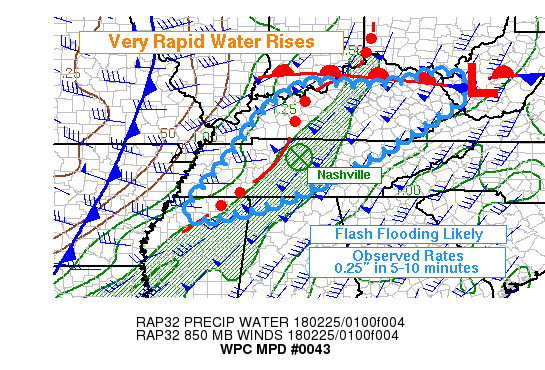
AREAS AFFECTED...TN...KY...NRN MS/AL...SRN IN...WRN WV

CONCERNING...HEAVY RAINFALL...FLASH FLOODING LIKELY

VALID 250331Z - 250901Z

SUMMARY...AN MCS WILL BRING INTENSE SHORT TERM RAIN RATES FOLLOWED
BY LONGER DURATION STRATIFORM RAIN...AND NEW RAINFALL TOTALS AS
HIGH AS 1.75 INCHES. SATURATED SOILS MAKE FLASH FLOODING A NEAR
CERTAINTY. WATER RISES COULD BE ESPECIALLY RAPID / AGGRESSIVE WITH
OBSERVED RAIN RATES IN THE LEADING LINE AT 0.25 INCHES IN 5 TO 10
MINUTES.

DISCUSSION...AT 0315Z RADAR MOSAICS DEPICTED A WELL FORMED
QUASI-LINEAR CONVECTIVE SYSTEM FROM NORTHERN MISSISSIPPI TO NEAR
THE OHIO RIVER. THE SYSTEM WILL FOLLOW CORFIDI VECTORS FOR FORWARD
PROPAGATION...EAST TO NORTHEAST AT 35 TO 40 KNOTS. INSTABILITY WAS
SUFFICIENT HOWEVER...BOOSTED BY STRONG DEEP LAYER LIFT...TO
SUPPORT A FAIRLY BROAD LEADING LINE OF STRONG CONVECTION...MAKING
FOR A 5 TO 15 MINUTE DURATION OF INTENSE RAIN RATES AT ANY GIVEN
POINT. A SAMPLING OF EARLIER SURFACE OBSERVATIONS OVER WESTERN
KENTUCKY...KOWB...KEHR...INDICATED AROUND A QUARTER INCHES OF RAIN
IN 5 TO 10 MINUTES. DUAL POL RADAR ESTIMATES FROM KHPX AND
KOHX...ALONG WITH GAUGE OBSERVATIONS...SUGGEST QUICK TOTALS OF
1.10 TO 1.30 INCHES WILL BE COMMON ALONG THE LINE...AND WHEREVER
BRIEF TRAINING OCCURS RADAR ESTIMATES HAD TOPPED 1.50 INCHES.

THE MCS MAINTENANCE COMPOSITE INDEX PER THE SPC MESOANALYSIS WAS
RUNNING WITH VERY HIGH VALUES / LIKELIHOOD OF THE ACTIVITY BEING
MAINTAINED AS IT MOVES TOWARD EASTERN TN/KY AND ADJACENT PARTS OF
MS/AL AND WV. RECENT HRRR RUNS AND THE 00Z WRF-ARW WERE DOING A
DECENT JOB WITH SIMULATED REFLECTIVITY / EVOLUTION OF THE
LINE...BUT THE 12Z NSSL WRF PERHAPS OFFERED MORE REALISTIC
QPF...WITH A FEW STRIPES OF 1.50 INCH AMOUNTS THROUGH 09Z. FALLING
ON SATURATED GROUND...WITH 1-HR FFG 0.50 TO 1.50 INCHES THROUGHOUT
THIS REGION...THE NEW RAIN WILL ALMOST CERTAINLY CAUSE FLASH
FLOODING.